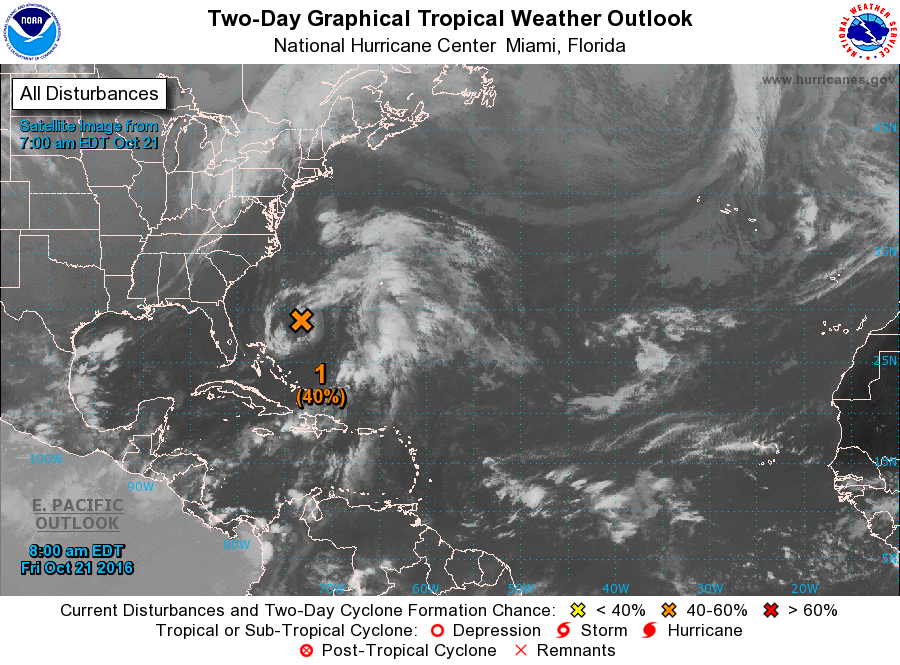
For the North Atlantic...Caribbean Sea and the Gulf of Mexico:

1. An area of low pressure centered about 450 miles south-southeast of Cape Hatteras, North Carolina, is moving northward. The thunderstorm activity is very limited and the chances for this system to become a subtropical or tropical cyclone are diminishing. This low is expected to merge with a large frontal system tonight or early Saturday.
* Formation chance through 48 hours...medium...40 percent
* Formation chance through 5 days...medium...40 percent

Forecaster Avila